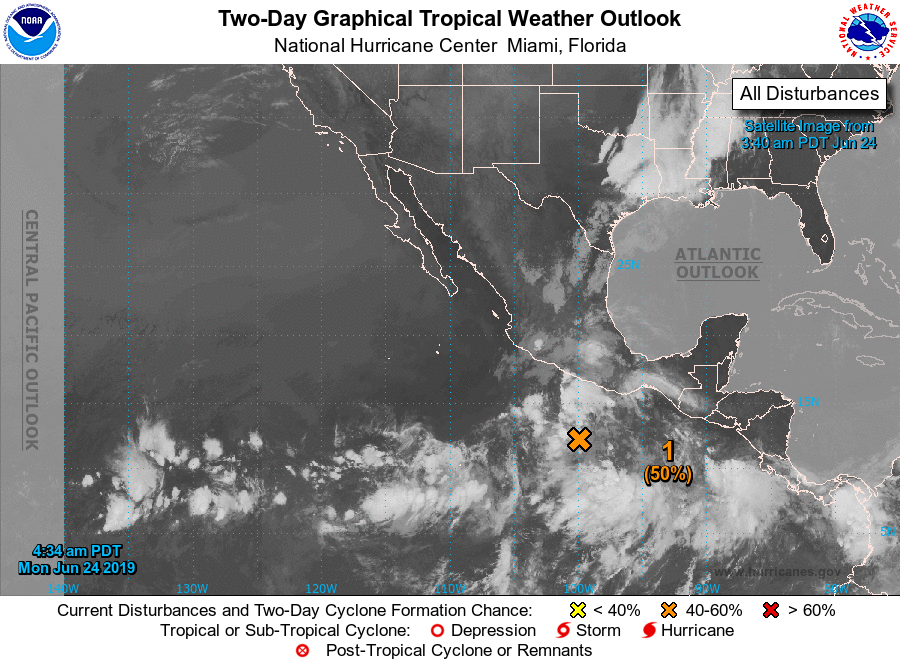
For the eastern North Pacific...east of 140 degrees west longitude:

1. Showers and thunderstorms associated with a tropical wave located a few hundred miles south of the southern coast of Mexico have changed little in organization overnight. Environmental conditions are expected to be conducive for gradual development of this system, and a tropical depression is likely to form within the next few days while the system moves west-northwestward away from the coast of Mexico.
* Formation chance through 48 hours...medium...50 percent.
* Formation chance through 5 days...high...70 percent.

Forecaster Latto/Brown